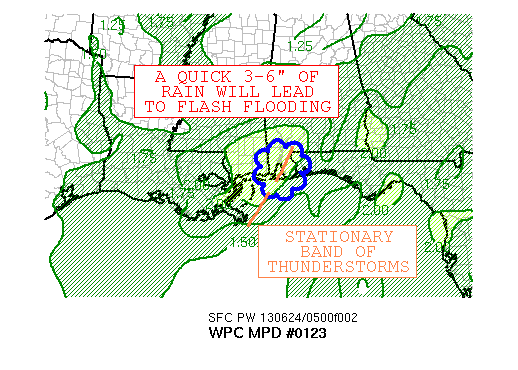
AREAS AFFECTED...WESTERN FL PANHANDLE...SOUTHERNMOST AL...FAR
SOUTHEAST MS

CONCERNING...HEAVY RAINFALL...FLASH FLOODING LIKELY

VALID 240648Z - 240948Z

SUMMARY...A NARROW AND PERSISTENT INFLOW BAND OFF THE GULF OF
MEXICO IS LEADING TO PERSISTENT HEAVY RAINFALL NEAR MOBILE AL.
CONSIDERING THE RAINFALL RATES OF THIS SYSTEM, FLASH FLOODING IS
LIKELY.

DISCUSSION...A WEAK BOUNDARY AT THE SURFACE AND 850 HPA COMBINED
WITH 15-20 KNOT 850 HPA INFLOW OFF THE GULF OF MEXICO AND
PRECIPITABLE WATER VALUES ABOVE TWO INCHES HAVE SET THE STAGE FOR
HEAVY RAINFALL ACROSS SOUTHERN AL.  DIVERGENCE ALOFT HAS BEEN
ENCOURAGED BY AN UPPER LEVEL SHORTWAVE STRETCHING FROM NORTHWEST
GA THROUGH CENTRAL AL.  RADAR ESTIMATES OVER THE PAST FEW HOURS
ARE APPROACHING THEIR FLASH FLOOD GUIDANCE VALUES OF 3-4 INCHES IN
THREE HOURS.  SINCE THE BAND IS SLOW-MOVING, EXPECTED TO DRIFT
SLIGHTLY WESTWARD, AND THE 04Z RAP INDICATES THAT IT COULD PERSIST
FOR ANOTHER FEW HOURS, BELIEVE FLASH FLOODING IS LIKELY IN THIS
AREA.  RAINFALL AMOUNTS OF 3-6 INCHES ARE EXPECTED IN FAR SOUTHERN
AL, WHICH WILL CAUSE FLASH FLOODING.